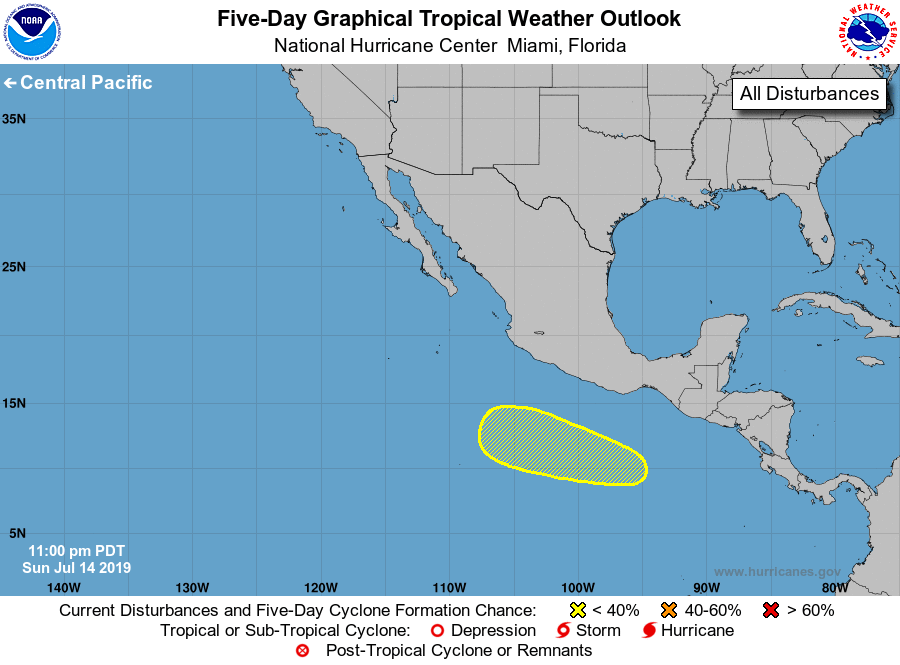
For the eastern North Pacific...east of 140 degrees west longitude:

1. A broad area of low pressure is likely to form several hundred miles south of the southern coast of Mexico in a few days. Conditions appear favorable for gradual development of this system late this week while it moves westward to west-northwestward at 10 to 15 mph.
* Formation chance through 48 hours...low...near 0 percent.
* Formation chance through 5 days...low...20 percent.

Forecaster Cangialosi